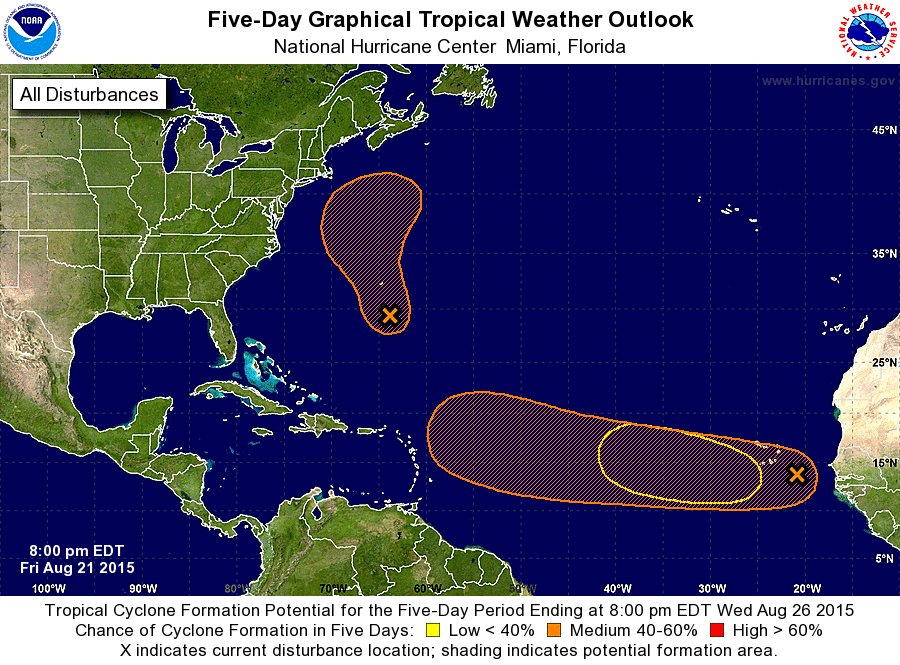
For the North Atlantic...Caribbean Sea and the Gulf of Mexico:

The National Hurricane Center is issuing advisories on Hurricane Danny, located over the central tropical Atlantic Ocean about 800 miles east of the Leeward Islands.

1. The interaction of a broad non-tropical area of low pressure located a couple of hundred miles south of Bermuda and an upper-level low is producing an elongated area of showers and thunderstorms over the western Atlantic Ocean. Environmental conditions appear marginally conducive for tropical or subtropical development of this system through early next week while it moves northward to north-northwestward at 10 to 15 mph.
* Formation chance through 48 hours...low...20 percent
* Formation chance through 5 days...medium...40 percent

2. A tropical wave located between the west coast of Africa and the Cape Verde Islands is producing disorganized showers and thunderstorms. Some slow development of this system is possible during the next several days while the wave moves quickly westward at about 25 mph over the eastern and central tropical Atlantic.
* Formation chance through 48 hours...low...20 percent
* Formation chance through 5 days...medium...40 percent

3. Another tropical wave is expected to move off the west coast of Africa in a couple of days. Some development of this system is possible early next week while it moves westward over the eastern tropical Atlantic Ocean.
* Formation chance through 48 hours...low...near 0 percent
* Formation chance through 5 days...low...20 percent

Forecaster Berg